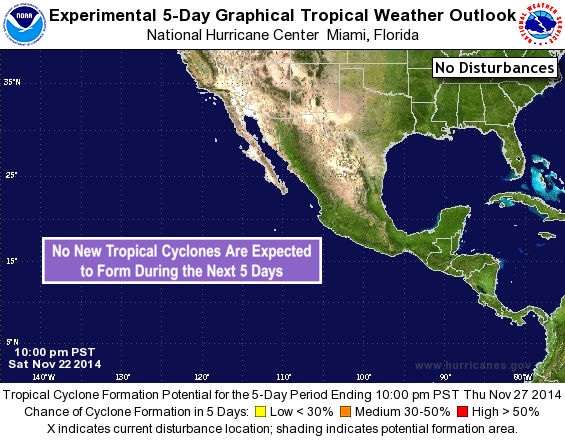
For the eastern North Pacific...east of 140 degrees west longitude:

Tropical cyclone formation is not expected during the next 5 days.

Forecaster Beven